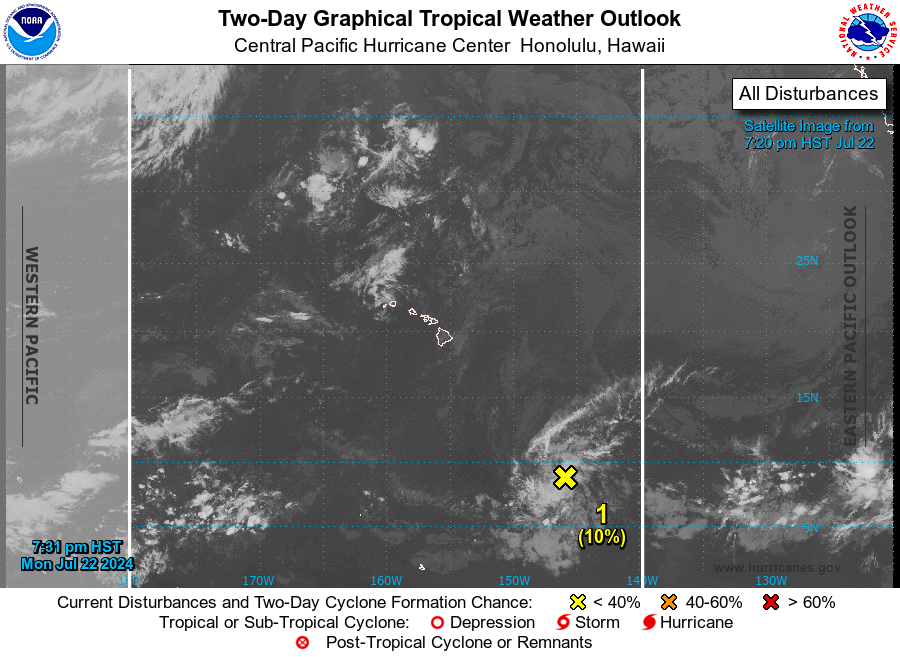
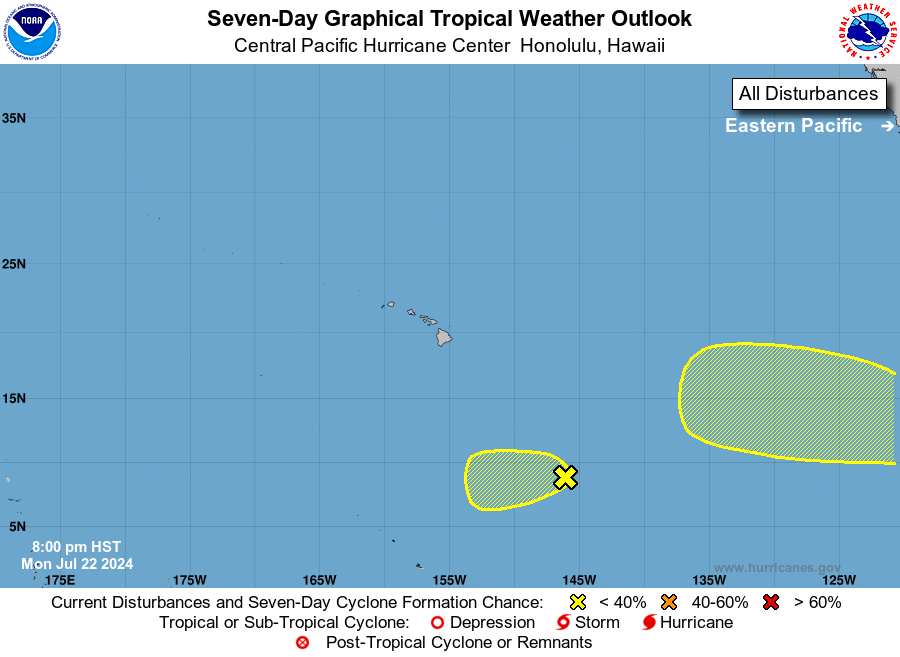
For the central North Pacific...between 140W and 180W:

1. Approximately 950 miles southeast of Hilo, Hawaii: A large area of disorganized showers and thunderstorms located over the far eastern portion of the central Pacific basin is associated with a trough of low pressure. Environmental conditions are forecast to be marginally conducive for some slow development during the next 24 hours. The disturbance is forecast to move westward at 10 to 15 mph into an area of increasing shear. Strong shear will inhibit further development of this system midweek.
* Formation chance through 48 hours...low...10 percent.
* Formation chance through 7 days...low...10 percent.

Forecaster M Ballard